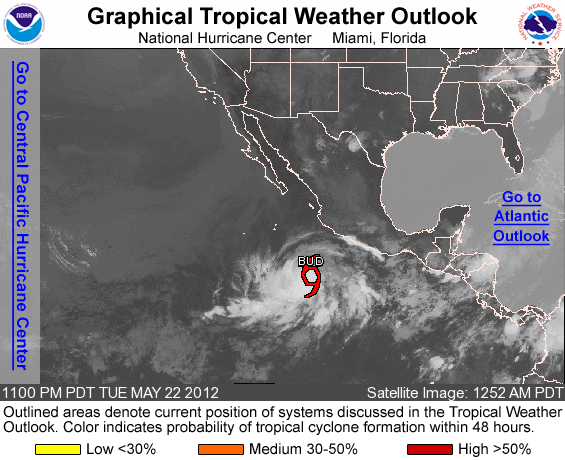
FOR THE EASTERN NORTH PACIFIC...EAST OF 140 DEGREES WEST LONGITUDE..

THE NATIONAL HURRICANE CENTER IS ISSUING ADVISORIES ON TROPICAL STORM BUD...LOCATED ABOUT 435 MILES SOUTH-SOUTHWEST OF MANZANILLO MEXICO.

ELSEWHERE...TROPICAL CYCLONE FORMATION IS NOT EXPECTED DURING THE NEXT 48 HOURS.

FORECASTER BROWN